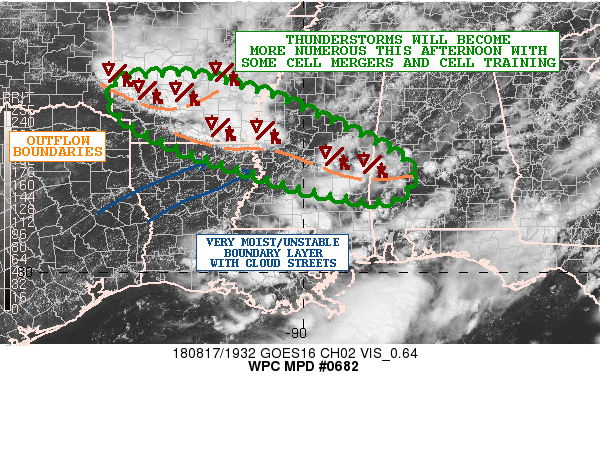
Areas affected...Central/Southern AR...Northeast LA...Central
MS...West-Central AL

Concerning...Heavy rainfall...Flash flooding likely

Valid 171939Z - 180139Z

Summary...Showers and thunderstorms will become more numerous and
expand southeast over the next few hours. A combination of heavy
rainfall rates, cell-mergers and repeating of cells will foster
enhanced concerns for flash flooding.

Discussion...The latest GOES-16 IR satellite imagery is showing
cooling convective tops over south-central to southeast AR and
expanding into western and and central MS as convectively driven
outflow boundaries advance southeast and into a very moist and
unstable airmass. MLCAPE values are exceeding 2500 j/kg just to
the south of two distinct boundaries, and a reflection of this
instability is showing up in visible satellite imagery with well
defined SW/NE oriented cloud streets highlighting a moderate CU
field.

Showers and thunderstorms will become more numerous over the next
couple of hours and will become more aligned NW/SE with the mean
layer flow. This will support a scenario where convection will
have the capability of merging and training over the same area
going through the late afternoon and early evening hours as the
aforementioned outflow boundaries tend to become aligned more
parallel to the mean flow.

The PWATS across the region are quite high and generally 2 to 2.25
inches which will promote highly efficient rainfall processes and
extremely heavy rainfall rates considering the degree of favorable
thermodynamics. Expect rainfall totals going through mid-evening
to be as high as 3 to 5+ inches. Some flash flooding will be
likely as a result.